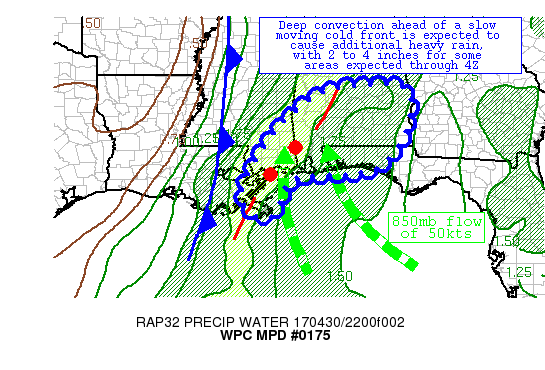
AREAS AFFECTED...SOUTHEAST MS...SOUTHEAST LA...SOUTHERN
AL...WESTERN FL PANHANDLE

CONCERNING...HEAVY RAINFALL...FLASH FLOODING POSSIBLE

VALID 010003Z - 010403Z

SUMMARY...THUNDERSTORMS WITH HEAVY RAIN ARE EXPECTED TO CONTINUE
INTO THE LATE EVENING HOURS ACROSS THE CENTRAL GULF COAST REGION.
TRAINING CONVECTION FROM THE NORTHERN GULF OF MEXICO COULD RESULT
IN HOURLY RAIN RATES OF 1 TO 2 INCHES, AND IN COMBINATION WITH THE
EARLIER RAINFALL THIS AFTERNOON, FLASH FLOODING COULD BECOME A
PROBLEM FOR SOME AREAS.

DISCUSSION...THE LATEST DOPPLER RADAR TREND FROM 2200 TO 2345Z
INDICATES THAT THE CONVECTIVE LINE MOVING ACROSS SOUTHWEST ALABAMA
AND INTO THE WESTERN FLORIDA PANHANDLE HAS SLOWED DOWN SOME IN ITS
FORWARD PROGRESSION.  TRAINING CONVECTION IS NOW BECOMING MORE
LIKELY.  IN ADDITION, INTENSIFYING CONVECTION SOUTH OF THE
MISSISSIPPI COAST IS POISED TO MOVE INLAND ACROSS AREAS THAT HAVE
RECEIVED OVER AN INCH OF RAIN SINCE 20Z.  PRECIPITABLE WATER
VALUES OF 1.8 TO 2.2 INCHES ARE PRESENT OVER THIS REGION PER THE
SPC MESOANALYSIS.  INFLOW AT 850 HPA IS CONVERGENT WITH A LOW
LEVEL JET OF ABOUT 50 KTS, AND THIS IS FORECAST TO CONTINUE OVER
THE NEXT SEVERAL HOURS BASED ON THE LATEST RAP MODEL GUIDANCE.  AT
THE SURFACE, 75-DEGREE DEWPOINTS ARE FEEDING INTO THE CONVECTION
FROM THE SOUTHEAST, AND THIS WILL PROVIDE AMPLE FUEL FOR THE
CONVECTION TO CONTINUE.  BULK SHEAR IN THE 0-6 KM LAYER APPROACHES
40 KTS, WHICH HAS AT TIMES LED TO CONVECTIVE WAVES WITHIN THE
SQUALL LINE.

IN TERMS OF THE LATEST HI-RES GUIDANCE, THE HRRR AND THE
EXPERIMENTAL HRRR SUGGEST THAT THE HEAVIEST RAINFALL SHOULD BE
NEAR THE COAST THROUGH 4Z.  GIVEN THAT 1000-2000 J/KG OF MLCAPE IS
EXPECTED NEAR THE COAST AND LESSER AMOUNTS INLAND, THIS SCENARIO
SEEMS PLAUSIBLE.  EVEN THOUGH FLASH FLOOD GUIDANCE VALUES ARE
RELATIVELY HIGH RIGHT NOW, THE HIGHER RAINFALL RATES THAT ARE
EXPECTED COULD BE ENOUGH TO CAUSE SOME INSTANCES OF FLASH FLOODING.